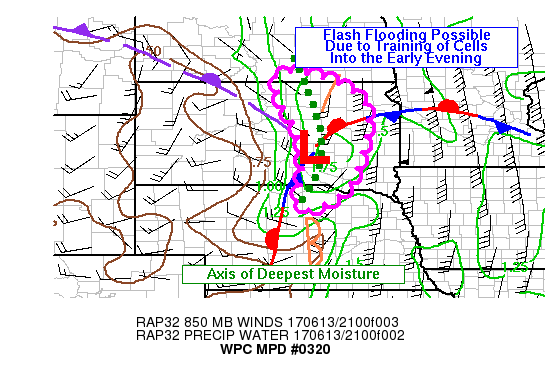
AREAS AFFECTED...FAR SOUTHERN ND...CENTRAL/EASTERN SD...NORTHERN
NEB

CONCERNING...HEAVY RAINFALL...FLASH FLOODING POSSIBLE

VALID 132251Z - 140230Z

SUMMARY...FLASH FLOODING IS POSSIBLE OVER PARTS OF NEBRASKA AND
SOUTH DAKOTA AND A SMALL PORTION OF NORTH DAKOTA WHERE CELLS THAT
PRODUCE HEAVY RAINFALL TRAIN OVER THE SAME AREA. HOURLY RAIN RATES
UP TO 2" WITH LOCALLY HIGHER AMOUNTS ARE POSSIBLE INTO THE EARLY
EVENING HOURS.

DISCUSSION...THUNDERSTORMS WERE DEVELOPING ALONG AN AXIS OF
PRECIPITABLE WATER VALUES AT OR ABOVE 1.5 INCHES AND A REGION
WHERE THE SURFACE DEWPOINT WAS RUNNING CLOSE TO 70 DEGREES.  THE
FLOW ALOFT OVER THIS REGION IS PREDOMINANTELY FROM THE SOUTH
ACROSS THE PLAINS AND THEN BECOMES INCREASINGLY DIFLUENT OVER THE
DAKOTAS.  GIVEN SLOW EASTWARD TRANSATION WITH TIME...THE POTENTIAL
EXISTS FOR SOME FLASH FLOODING AS NEW CELLS FORM AND TRAIN OVER
AREAS WHICH HAVE ALREADY RECEIVED HEAVY RAINFALL.

HIGHEST RAINFALL RATES SHOULD BE FOCUSED MORE IN THE SOUTHERN
PARTS OF SOUTH DAKOTA AND NORTHERN NEBRASKA WHERE FFG VALUES ARE
CLOSE TO 3 INCHES PER 3 HOURS.  TO THE NORTH...CAPES AND
ASSOCIATED RAFL RATES WILL PROBABLY NOT BE QUITE AS HIGH BUT FLASH
FLOOD GUIDANCE IS ON THE ORDER OF 1.5 TO 2 INCHES PER 3 HOURS.